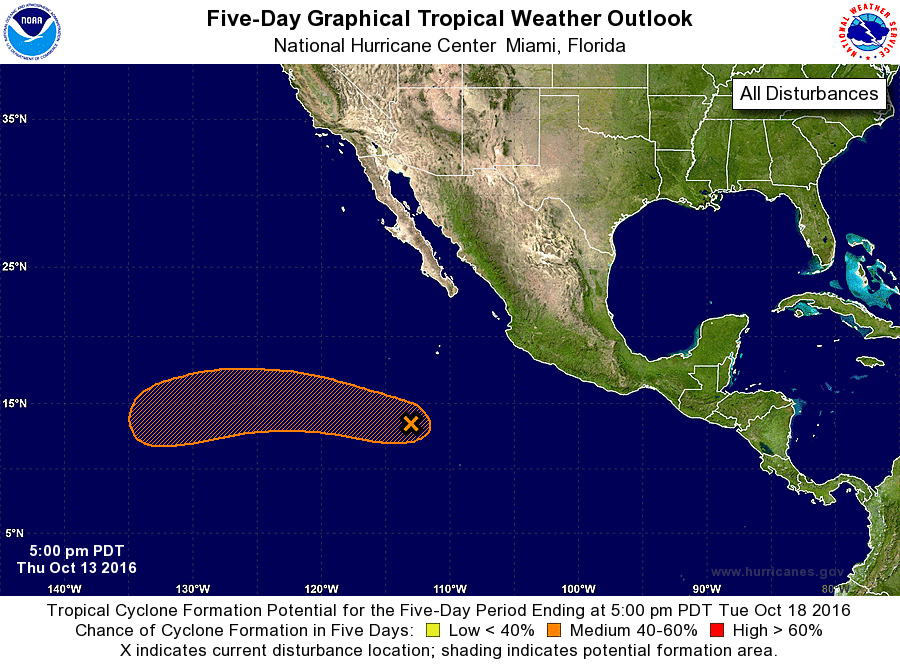
For the eastern North Pacific...east of 140 degrees west longitude:

1. Showers and thunderstorms are disorganized in association with a broad area of low pressure located several hundred miles south-southwest of the southern tip of the Baja California peninsula. Some slow development of this disturbance is possible during the next several days while it moves generally westward at 15 mph.
* Formation chance through 48 hours...low...20 percent
* Formation chance through 5 days...medium...40 percent

Forecaster Cangialosi